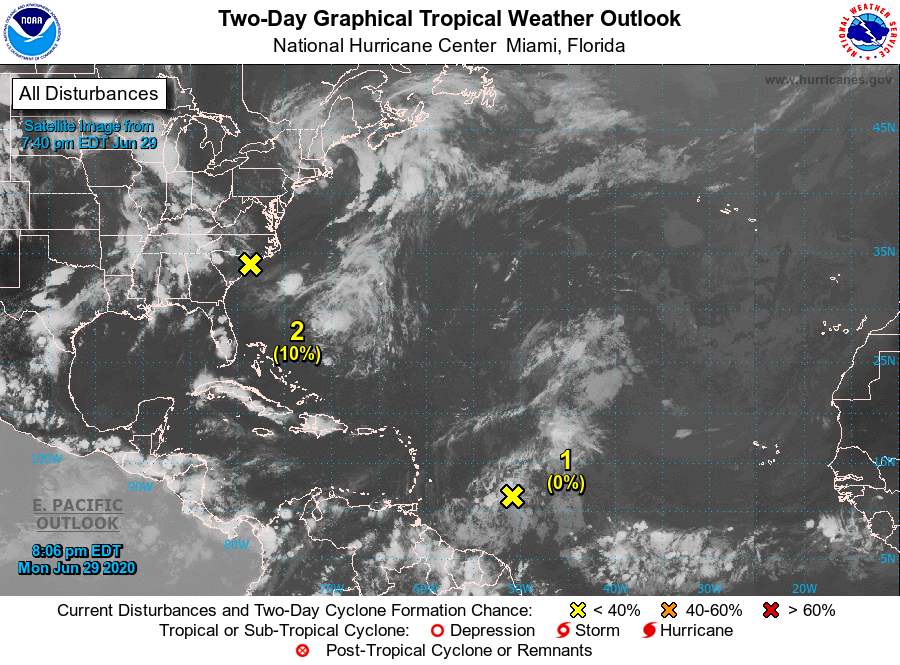
For the North Atlantic...Caribbean Sea and the Gulf of Mexico:

1. A tropical wave located about 600 miles east of the southern Windward Islands is producing limited shower activity. Persistently unfavorable environmental conditions and strong upper-level winds by Wednesday are expected to inhibit any further development while it moves west-northwestward at around 20 mph.
* Formation chance through 48 hours...low...near 0 percent.
* Formation chance through 5 days...low...near 0 percent.

2. A trough of low pressure has formed along the coast of North Carolina. Significant development of this system is not anticipated while it generally moves northeastward, away from the east coast of the United States and becomes absorbed Wednesday into a frontal boundary currently located east of the Mid-Atlantic states.
* Formation chance through 48 hours...low...10 percent.
* Formation chance through 5 days...low...10 percent.

Forecaster Roberts